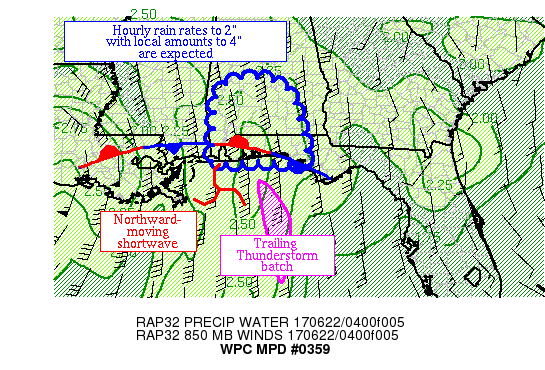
AREAS AFFECTED...SOUTHERN AL & THE WESTERN FL PANHANDLE

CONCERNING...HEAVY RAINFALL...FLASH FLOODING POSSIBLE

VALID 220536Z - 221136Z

SUMMARY...THUNDERSTORMS ARE EXPECTED TO INVADE THE AREA FROM THE
GULF OF MEXICO OVER THE NEXT SEVERAL HOURS.  HOURLY RAIN RATES UP
TO 2", WITH LOCAL AMOUNTS TO 4", ARE EXPECTED.

DISCUSSION...A SHORTWAVE IS APPARENT ON WATER VAPOR IMAGERY NEAR
THE BACKSIDE OF THE WARM CONVEYOR BELT CIRCULATION AND AHEAD OF
THE DRY SLOT ASSOCIATED WITH T.S. CINDY.  A CONVERGENCE
ZONE/EFFECTIVE STATIONARY FRONT ACTS AS THE BARRIER TO 1000-2000
J/KG OF MLCAPE VALUES.  TO ITS SOUTHEAST, THUNDERSTORMS IN THE
GULF OF MEXICO ARE MOVING TOWARDS THE MPD AREA.  PRECIPITABLE
WATER VALUES OF 2.25-2.5" EXIST IN THIS REGION.  INFLOW AT 850 HPA
IS SLIGHTLY CONVERGENT AT 30-40 KTS.  BULK SHEAR IN THE REGION IS
CLOSER TO 25 KTS, WHICH COMBINED WITH THE FAIRLY UNIDIRECTIONAL
SOUTHERLY FLOW WITH HEIGHT UP TO 330 HPA SHOULD SUPPORT LINEAR
BANDS.

THE 00Z MESOSCALE GUIDANCE IS GENERALLY ON THE SAME PAGE IN THIS
AREA; THE OLDER 12Z MESOSCALE GUIDANCE APPEARS TO BE DOING AN
EXCEPTIONAL JOB IN DEPICTING THE CONVECTIVE UPTICK EXPECTED BEYOND
06Z.  A SHORTWAVE MOVING NORTH FROM THE GULF SHOULD CAUSE RENEWED
THUNDERSTORM ACTIVITY OVER THIS AREA WITHIN THE NEXT HOUR OR TWO,
WHICH IS EXPECTED TO PERSIST PAST SUNRISE.  THERE IS A STRONG
SIGNAL FOR LOCAL AMOUNTS OF 4" IN THIS AREA, THOUGH ITS LOCATION
VARIES; BELIEVE A COMPROMISE OF THE MESOSCALE GUIDANCE IS
PREFERRED.  WHILE RAIN RATES HAVE ONLY OCCASIONALLY BREACHED
1"/HOUR AS OF LATE, THE NEW ACTIVITY COULD CAUSE HOURLY RAIN RATES
TO RETURN TO 2".  SOILS ARE SATURATED FROM RECENT 3-7" RAINS, SO
FLASH FLOODING IS A CONCERN.